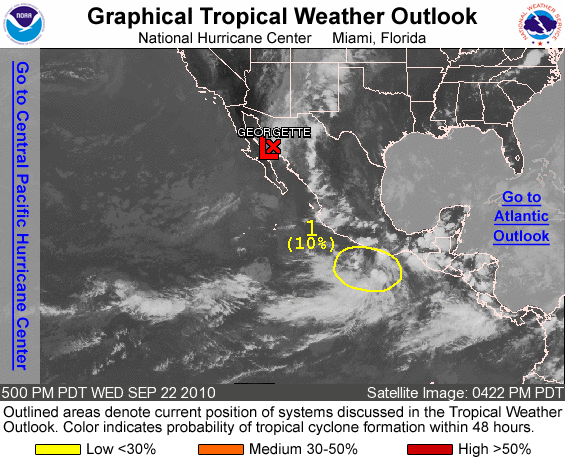
FOR THE EASTERN NORTH PACIFIC...EAST OF 140 DEGREES WEST LONGITUDE..

THE NATIONAL HURRICANE CENTER IS ISSUING ADVISORIES ON TROPICAL DEPRESSION GEORGETTE...LOCATED JUST NORTHWEST OF GUAYMAS MEXICO.

1. SHOWERS AND THUNDERSTORMS ASSOCIATED WITH AN AREA OF DISTURBED WEATHER LOCATED A FEW HUNDRED MILES SOUTH-SOUTHWEST OF THE GULF OF TEHUANTEPEC REMAIN DISORGANIZED. DEVELOPMENT...IF ANY...OF THIS SYSTEM SHOULD BE SLOW TO OCCUR AS IT REMAINS NEARLY STATIONARY. THERE IS A LOW CHANCE...10 PERCENT...OF THIS SYSTEM BECOMING A TROPICAL CYCLONE DURING THE NEXT 48 HOURS.

ELSEWHERE...TROPICAL CYCLONE FORMATION IS NOT EXPECTED DURING THE NEXT 48 HOURS.

FORECASTER BROWN